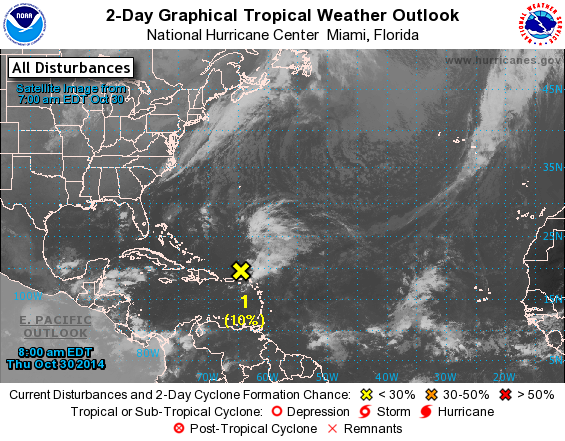
For the North Atlantic...Caribbean Sea and the Gulf of Mexico:

1. A westward-moving area of low pressure, located just north of the Virgin Islands, is producing disorganized showers and thunderstorms mainly to the northeast and north of the center. Upper-level winds are expected to remain unfavorable for tropical cyclone development while the system turns toward the northwest and north over the next couple of days.
* Formation chance through 48 hours...low...10 percent.
* Formation chance through 5 days...low...10 percent.

Forecaster Brennan